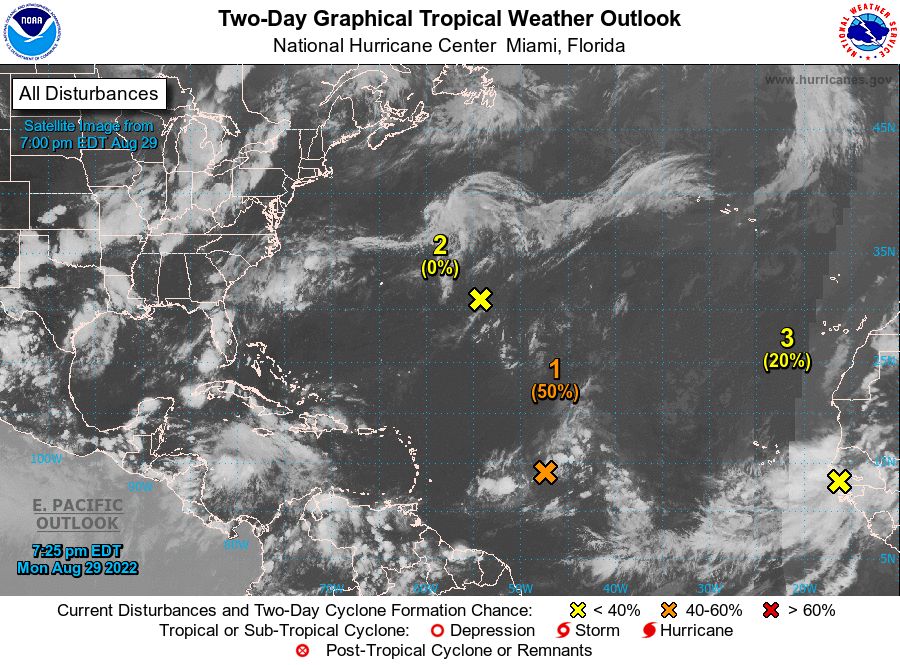
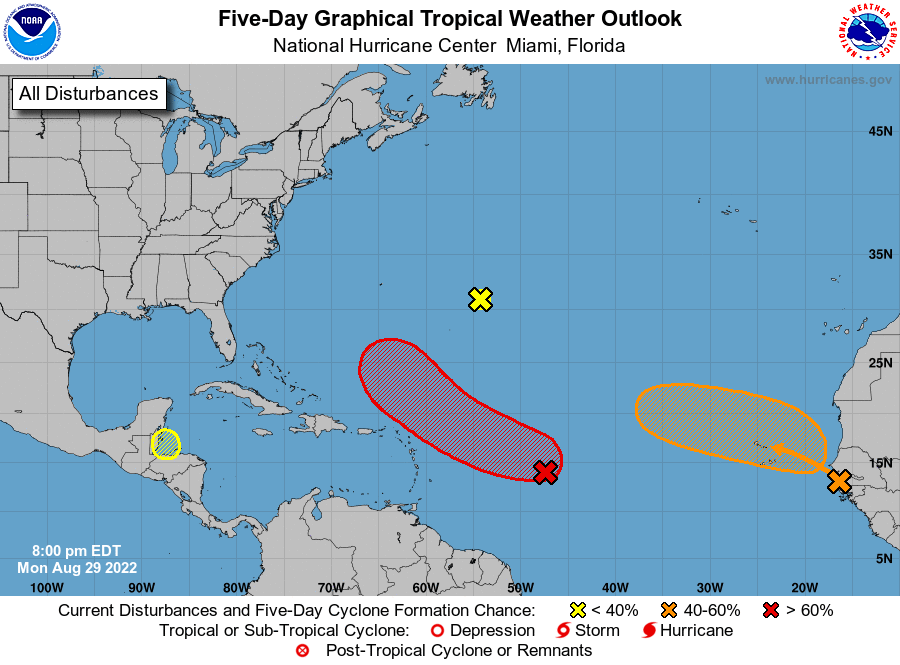
For the North Atlantic...Caribbean Sea and the Gulf of Mexico:

1. Central Tropical Atlantic: A broad area of low pressure located about 875 miles east of the Lesser Antilles is producing a large area of disorganized cloudiness and thunderstorms. Although environmental conditions are only marginally conducive, some gradual development of this system is expected over the next several days and a tropical depression is likely to form later this week. The disturbance is forecast to move slowly toward the west and then west-northwest at 5 to 10 mph, toward the adjacent waters of the northern Leeward Islands. Additional information on this system can be found in high seas forecasts issued by the National Weather Service.
* Formation chance through 48 hours...medium...50 percent.
* Formation chance through 5 days...high...80 percent.

2. Central Subtropical Atlantic: Shower activity associated with a small low pressure system located about 600 miles east of Bermuda remains limited. Strong upper-level winds and dry air are expected to prevent development while the system drifts south-southwestward over the next day or so. The system is likely to dissipate later this week.
* Formation chance through 48 hours...low...near 0 percent.
* Formation chance through 5 days...low...near 0 percent.

3. Eastern Tropical Atlantic: A tropical wave accompanied by a broad area of low pressure is located near the west coast of Africa. This system is forecast to move offshore tonight, and some gradual development is possible over the next few days while it moves generally westward to west-northwestward. The system could become a short-lived tropical depression over the far eastern Atlantic waters during the next few days. By late this week, the disturbance is forecast to move over cooler waters and further development is not likely after that time. Regardless of development, the system could bring locally heavy rainfall to portions of the Cabo Verde Islands by Wednesday.
* Formation chance through 48 hours...low...20 percent.
* Formation chance through 5 days...medium...40 percent.

4. Northwestern Caribbean Sea: A trough of low pressure could develop over the northwestern Caribbean Sea later this week. The system however, is likely to move inland over Central America or the southern portion of the Yucatan Peninsula before significant development can occur.
* Formation chance through 48 hours...low...near 0 percent.
* Formation chance through 5 days...low...near 0 percent.

High Seas Forecasts issued by the National Weather Service can be found under AWIPS header NFDHSFAT1, WMO header FZNT01 KWBC, and online at ocean.weather.gov/shtml/NFDHSFAT1.php

Forecaster Brown